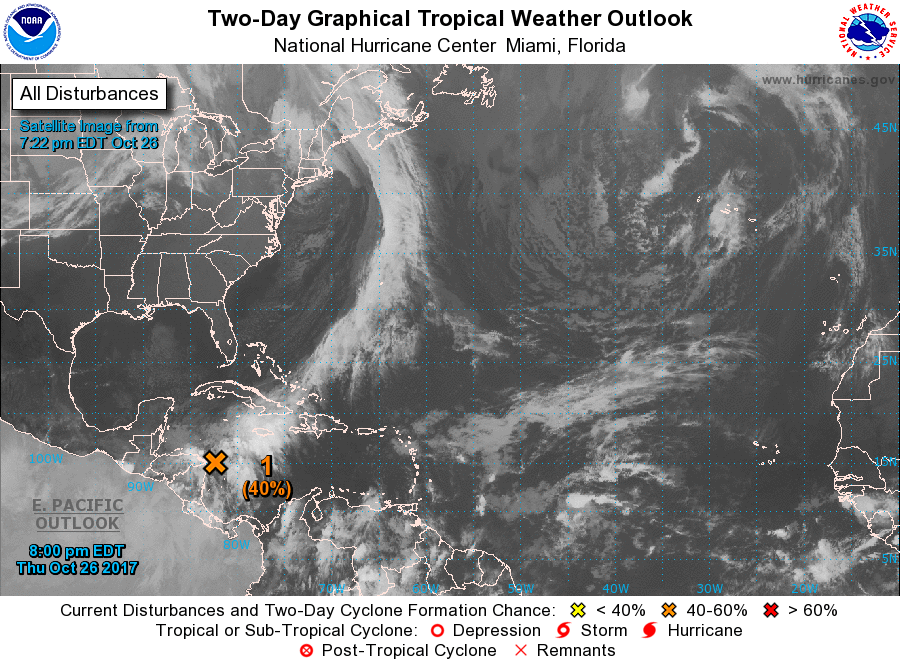
For the North Atlantic...Caribbean Sea and the Gulf of Mexico:

1. Cloudiness and thunderstorms extending from northern Nicaragua and eastern Honduras northeastward across the Cayman Islands and Jamaica to eastern Cuba are associated with a trough of low pressure. Environmental conditions are expected to be conducive for some development on Friday and Saturday as the system moves slowly northward over the northwestern Caribbean Sea. Strong upper-level winds associated with an approaching cold front will make conditions less favorable by Sunday. Regardless of development, this system is expected to produce locally heavy rainfall over the Cayman Islands, Jamaica, and portions of Cuba during the next day or two. These rains are forecast to spread northward across portions of South Florida and the Keys on Saturday, and over the northwestern Bahamas Saturday night and Sunday.
* Formation chance through 48 hours...medium...40 percent.
* Formation chance through 5 days...medium...40 percent.

Forecaster Beven